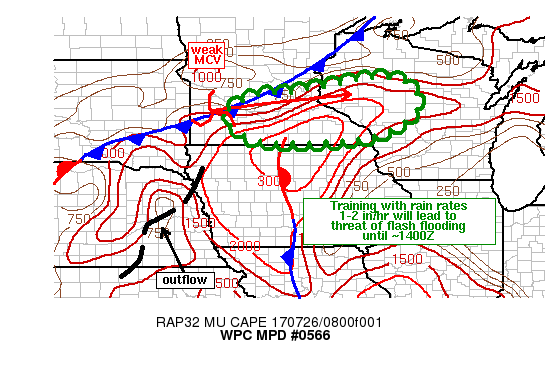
AREAS AFFECTED...SRN MN INTO WRN WI

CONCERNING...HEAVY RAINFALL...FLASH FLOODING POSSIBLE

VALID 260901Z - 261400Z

SUMMARY...LOCALIZED FLASH FLOODING WILL BE POSSIBLE FROM PORTIONS
OF SRN MN INTO WRN WI THROUGH 14Z. TOTAL RAINFALL OF 2-4 INCHES IS
EXPECTED IN ONE OR TWO LOCATIONS ACROSS THESE LOCATIONS.

DISCUSSION...REGIONAL RADAR IMAGERY AT 0830Z SHOWED A SMALL
CLUSTER OF INTENSIFYING RAIN CORES SOUTHWEST OF MSP WITH RADAR
ESTIMATED RAIN RATES NEAR 1 IN/HR WHERE BRIEF TRAINING HAD
DEVELOPED. REFLECTIVITY FROM KFSD HELPED IDENTIFY A WEAK MCV NEAR
LYON COUNTY IN SWRN MN...TRACKING ENE. WHILE PRECIPITABLE WATER
VALUES OVER NWRN IA/SWRN MN WERE AS LOW AS 1.2 INCHES EARLIER IN
THE NIGHT...MOISTURE ADVECTION TO THE NORTH AND EAST...SEEN VIA
CIRA LAYERED PW PRODUCT IMAGERY...HAD INCREASED THESE VALUES INTO
THE 1.5 TO 1.9 INCH RANGE...HIGHEST BENEATH CURRENT RAINFALL. A
SIZABLE PLUME OF INSTABILITY...MUCAPE OF 2000-3000+ J/KG PER
RECENT SPC MESOANALYSIS PAGE...WAS OBSERVED SOUTH OF THE COLD
FRONT ALONG THE MN/IA BORDER.

AS A 700 MB SHORTWAVE TROUGH...CURRENTLY OVER N-CNTRL
NE...CONTINUES TO MOVE EAST OVER THE NEXT 3-6 HOURS...A CONTINUED
INFLUX OF MOISTURE/INSTABILITY WITH 30-40 KT 850-700 MB FLOW
SHOULD NOSE INTO SWRN MN BY 12Z AS SEEN IN THE 08Z RAP. DOWNSTREAM
ACROSS CNTRL/ERN MN INTO WRN WI...LFC-EL MEAN FLOW IS EXPECTED TO
PARALLEL LOW LEVEL INFLOW FROM THE W OR WSW AMID MODERATELY
DIFFLUENT FLOW ALOFT AND LINGERING INSTABILITY IN EXCESS OF 100O
J/KG. IN ADDITION TO ONGOING CONVECTION SW OF MSP...ADDITIONAL
CELLS CANNOT BE RULED OUT TO THE WEST OVER S-CNTRL MN WHICH WOULD
HAVE THE POTENTIAL TO TRAIN TOWARD THE EAST INTO WI THROUGH THE
EARLY MORNING HOURS. FLASH FLOODING WILL BE POSSIBLE IF THIS
OCCURS...ESPECIALLY HEAVY RAIN OVERLAPS LOCATIONS WHICH RECEIVED
HEAVY RAINFALL EARLIER IN THE WEEK WHERE SOIL MOISTURE IS STILL
RUNNING HIGH.